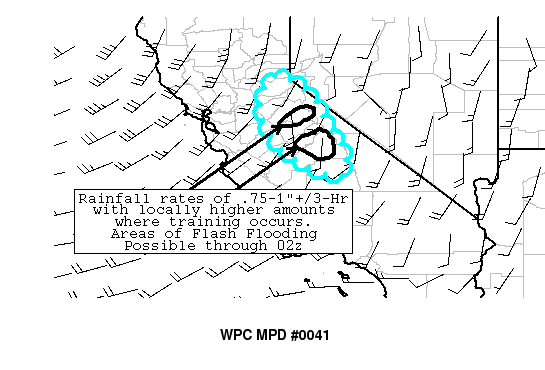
AREAS AFFECTED...CENTRAL CALIFORNIA

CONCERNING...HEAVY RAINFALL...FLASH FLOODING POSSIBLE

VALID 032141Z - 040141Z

SUMMARY...FLASH FLOODING IS POSSIBLE THROUGH THIS AFTERNOON AS
CONVECTION SPREADS NORTHEASTWARD NEAR A DEVELOPING DEEP LAYER LOW.

DISCUSSION...STRONG SYNOPTIC FORCING AHEAD OF AN APPROACHING
SHORTWAVE PUSHING ACROSS CENTRAL CALIFORNIA WILL PROVIDE THE
ASCENT FOR ONGOING SCATTERED CONVECTION IN A MODESTLY UNSTABLE
ENVIRONMENT ACROSS THE SIERRA NEVADA REGION.

CONSECUTIVE RUNS OF THE HRRR AND THE SPC-WRF ARE IN GOOD AGREEMENT
REGARDING  ORIENTATION OF SEVERAL BANDS OF TRAINING CONVECTIVE
SHOWERS. HREF PROBABILITIES CONTINUE TO FAVOR A BROAD SWATH OF
0.75-1.0" RAIN RATES OVER THE NEXT FEW HOURS...WITH LOCALLY HIGHER
RAIN AMOUNTS LIKELY IN AREAS OF TRAINING. HAVE ALREADY RECEIVED
REPORTS IN EXCESS OF 1" OF RAINFALL (1.36" IN ONE HOUR) AT A HADS
SITE EAST OF MARIPOSA. EXPECT RAINFALL TOTALS TO LOCALLY APPROACH
1-2" THROUGH 02Z ACROSS THE MPD AREA. WHILE WE ARE NOT EXPECTING
SIGNIFICANT WIDESPREAD FLASH FLOOD ISSUES...RAINFALL RATES AND
TOTALS OF THIS MAGNITUDE DO BEGIN TO APPROACH AND LOCALLY EXCEED
FLASH FLOOD GUIDANCE. THUS SOME ADDITIONAL FLASH FLOOD ISSUES MAY
DEVELOP THROUGH THE AFTERNOON HOURS.